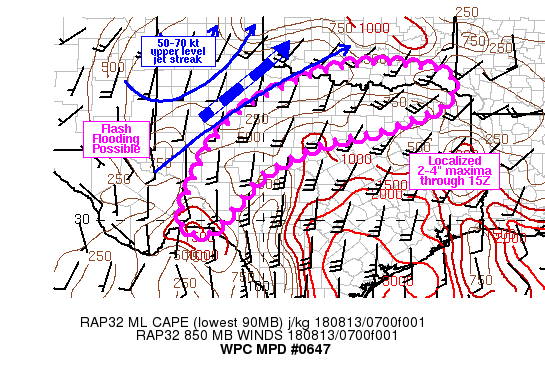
Areas affected...portions of southwestern to northern TX

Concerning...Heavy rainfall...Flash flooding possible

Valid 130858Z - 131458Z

Summary...A steady increase in training cores of heavy rain is
expected through 15Z. Flash flooding will be possible across
portions of southwestern to northern TX with localized 2-4 inch
rainfall totals.

Discussion...Over the past one to two hours, radar has shown an
increase in shower/thunderstorm activity on either side of I-20
from near SWW to MWL. This has been co-located with a 400 to 600+
J/kg increase in MLCAPE over the past 3 hours (ending 08Z)
according to the SPC mesoanalysis page. A rather strong mid-upper
level trough was observed on water vapor imagery over the southern
High Plains, moving east into western TX/OK. On the southeast side
of this trough axis was a RAP analyzed 50-70 kt jet streak at 250
mb along with a region of pronounced upper diffluence. The region
of largely stratiform rain with embedded heavier elements has been
progressing northward across TX since 03Z, following the leading
edge of a 20-30 kt 850 mb low level jet. 850-300 mb flow is from
the south to southwest at 20 kt and so Corfidi Vectors are zero or
oriented into the inflow at up to 10 kt. There is plenty of
tropical-like moisture in place with precipitable water values
near 2 inches across south-central to north-central TX, but
instability and stronger forcing have been missing ingredients up
until this point for a more widespread precipitation event.

As lift ahead of the approaching upper trough continues to
overspread the region through 15Z, weak instability (less than
~1000 J/kg) is forecast to move into the Red River Valley. Given
favorable thermodynamic and kinematic profiles in place, periods
of training rainfall is expected to develop with rainfall rates of
1-2 in/hr. Instability is the greatest limiting factor in the
forecast, but pockets of locally higher instability are likely to
support areas of training heavy rain across portions of north TX
into southern OK.

Farther to the southwest, forecast 850 mb convergence should set
up from near the Big Bend region of TX (6R6) to I-20 (SWW, DYS)
beneath an area of upper divergence tied to the right entrance
region of the aforementioned upper level jet streak. Again, weak
instability is a limiting factor, but the degree of moisture and
forcing may be enough to overcome lower instability to produce an
axis of repeating cells within a region of low Flash Flood
Guidance.